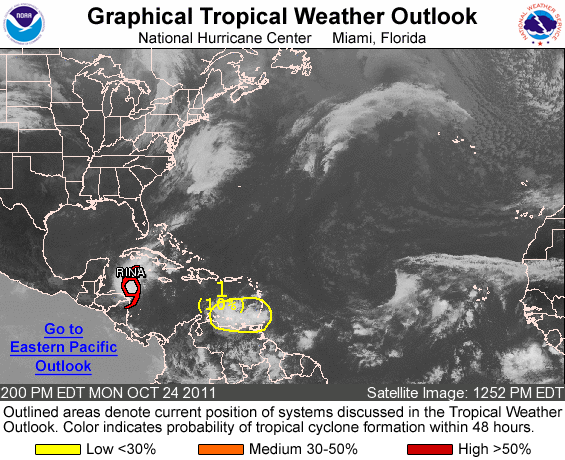
FOR THE NORTH ATLANTIC...CARIBBEAN SEA AND THE GULF OF MEXICO...

THE NATIONAL HURRICANE CENTER IS ISSUING ADVISORIES ON TROPICAL STORM RINA...LOCATED ABOUT 190 MILES SOUTHWEST OF GRAND CAYMAN.

1. DISORGANIZED SHOWERS AND THUNDERSTORMS HAVE INCREASED IN ASSOCIATION WITH A BROAD LOW PRESSURE AREA OVER THE SOUTHEASTERN CARIBBEAN SEA. ENVIRONMENTAL CONDITIONS...HOWEVER...ARE ONLY MARGINALLY CONDUCIVE FOR DEVELOPMENT AND THIS SYSTEM HAS A LOW CHANCE...10 PERCENT...OF BECOMING A TROPICAL CYCLONE DURING THE NEXT 48 HOURS AS IT MOVES WEST-NORTHWESTWARD AT ABOUT 10 MPH. REGARDLESS OF DEVELOPMENT... LOCALLY HEAVY RAINFALL AND GUSTY WINDS ARE EXPECTED TO CONTINUE OVER THE WINDWARD ISLANDS...ARUBA...BONAIRE...AND CURACAO THROUGH TONIGHT. FOR ADDITIONAL INFORMATION SPECIFIC TO YOUR AREA...PLEASE SEE STATEMENTS ISSUED BY YOUR LOCAL WEATHER OFFICE.

ELSEWHERE...TROPICAL CYCLONE FORMATION IS NOT EXPECTED DURING THE NEXT 48 HOURS.

FORECASTER ROBERTS/BROWN